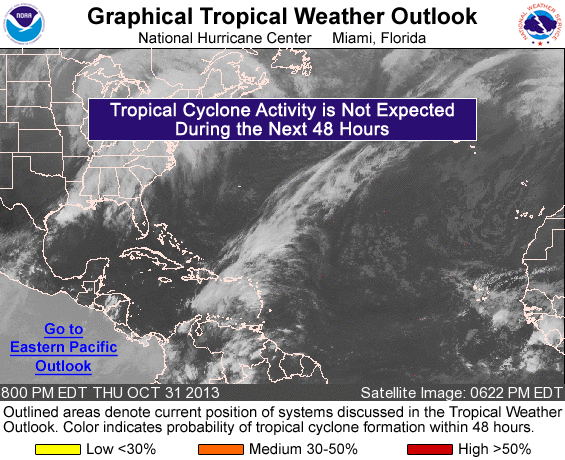
FOR THE NORTH ATLANTIC...CARIBBEAN SEA AND THE GULF OF MEXICO...

TROPICAL CYCLONE FORMATION IS NOT EXPECTED THROUGH FIVE DAYS.

&&
FIVE-DAY FORMATION PROBABILITIES ARE EXPERIMENTAL IN 2013. COMMENTS ON THE EXPERIMENTAL FORECASTS CAN BE PROVIDED AT...

HTTP://WWW.NWS.NOAA.GOV/SURVEY/NWS-SURVEY.PHP?CODE=ETWO

FORECASTER CANGIALOSI